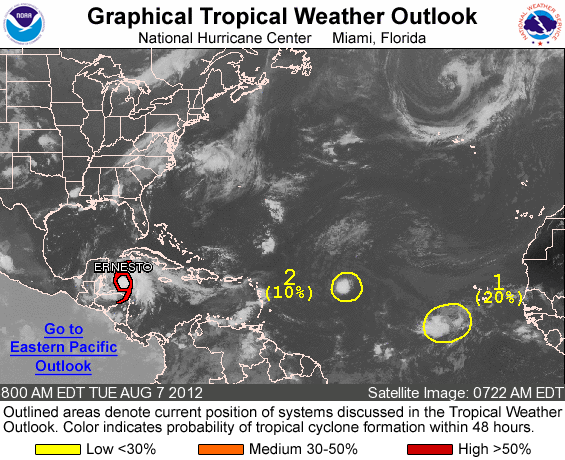
FOR THE NORTH ATLANTIC...CARIBBEAN SEA AND THE GULF OF MEXICO...

THE NATIONAL HURRICANE CENTER IS ISSUING ADVISORIES ON TROPICAL STORM ERNESTO...LOCATED ABOUT 250 MILES EAST OF BELIZE CITY BELIZE.

1. A TROPICAL WAVE CONTINUES TO PRODUCE AN AREA OF SHOWERS AND THUNDERSTORMS SEVERAL HUNDRED MILES SOUTHWEST OF THE CAPE VERDE ISLANDS. THE CIRCULATION ASSOCIATED WITH THE WAVE REMAINS ELONGATED...AND UPPER-LEVEL WINDS ARE ONLY CURRENTLY MARGINALLY CONDUCIVE FOR DEVELOPMENT. THIS SYSTEM HAS A LOW CHANCE...20 PERCENT...OF BECOMING A TROPICAL CYCLONE DURING THE NEXT 48 HOURS AS IT MOVES WESTWARD AT ABOUT 10 MPH.

2. SHOWER ACTIVITY HAS INCREASED THIS MORNING NEAR THE POST-TROPICAL REMNANT LOW OF FLORENCE...LOCATED ABOUT 1000 MILES EAST OF THE NORTHERN LEEWARD ISLANDS. HOWEVER...ENVIRONMENTAL CONDITIONS ARE NOT CONDUCIVE FOR REDEVELOPMENT...AND THIS SYSTEM HAS A LOW CHANCE...10 PERCENT...OF AGAIN BECOMING A TROPICAL CYCLONE DURING THE NEXT 48 HOURS AS IT MOVES WESTWARD AT ABOUT 20 MPH.

ELSEWHERE...TROPICAL CYCLONE FORMATION IS NOT EXPECTED DURING THE NEXT 48 HOURS.

FORECASTER BEVEN